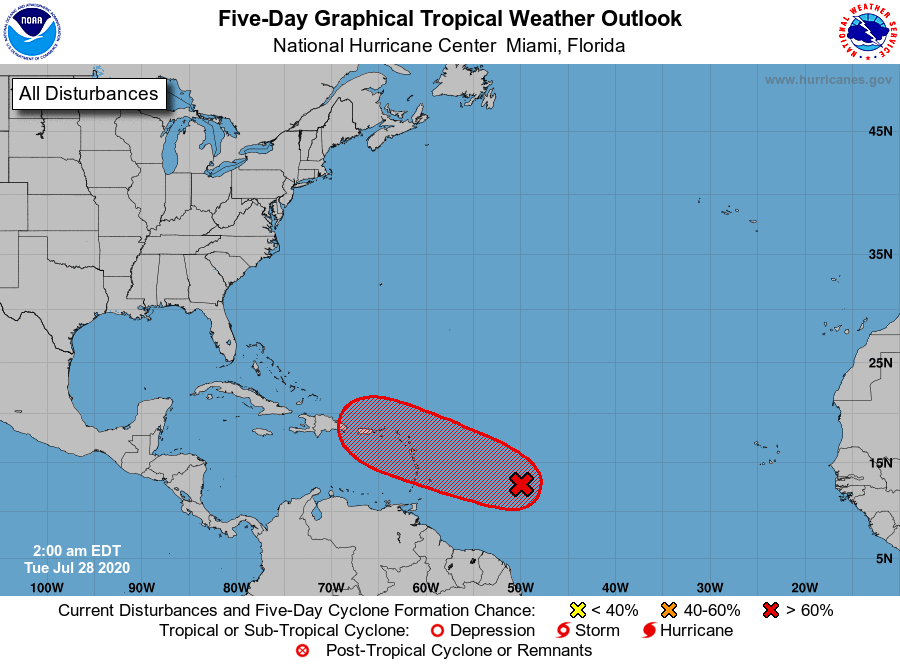
For the North Atlantic...Caribbean Sea and the Gulf of Mexico:

1. Shower activity associated with a low pressure area located about 750 miles east of the Windward Islands is gradually increasing in organization. However, recent satellite-derived wind data indicate that the circulation remains broad and elongated, and the low does not yet have a well-defined center of circulation. Environmental conditions are expected to become somewhat more conducive for development, and a tropical depression or tropical storm is likely to form during the next couple of days while the system moves west-northwestward at 15 to 20 mph and approaches the Leeward Islands. Regardless of development, locally heavy rains and gusty winds are likely across portions of the Leeward Islands on Wednesday and will spread westward to the Virgin Islands and Puerto Rico Wednesday night and Thursday. Interests on these islands should continue to monitor the progress of this system, and tropical storm watches or warnings could be required for portions of the area later today.
* Formation chance through 48 hours...high...80 percent.
* Formation chance through 5 days...high...90 percent.

Forecaster Berg